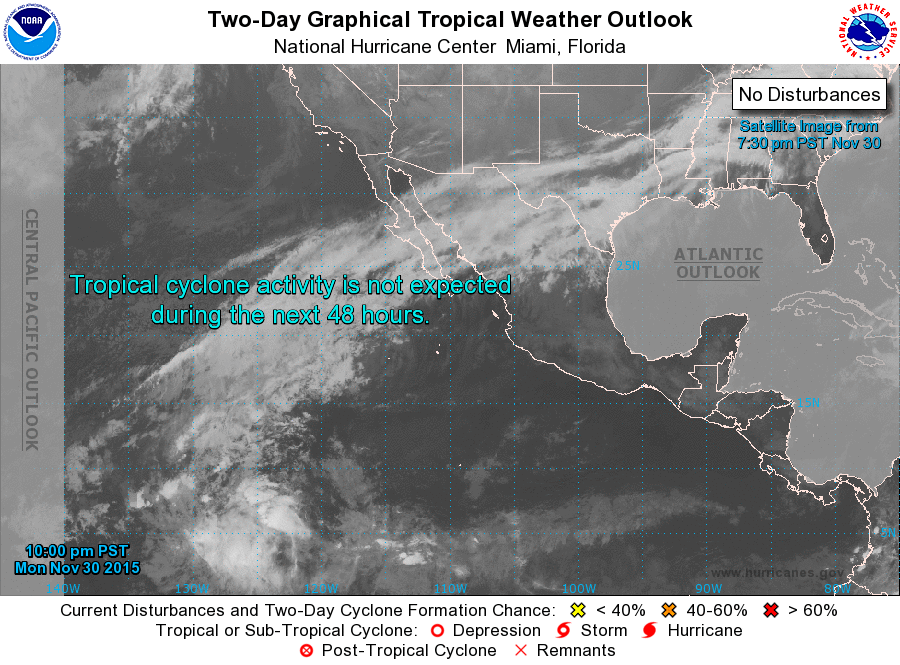
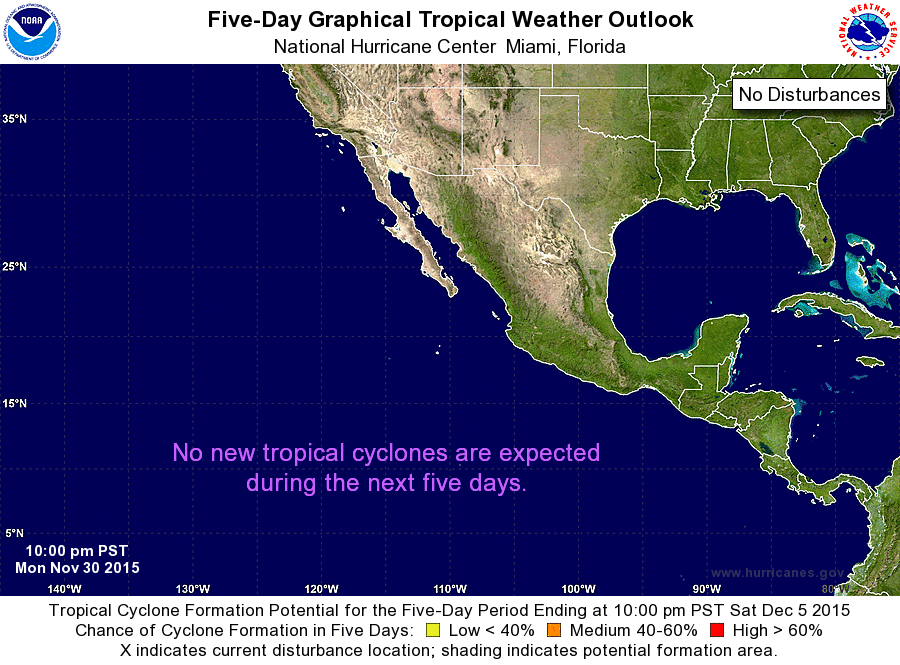
For the eastern North Pacific...east of 140 degrees west longitude:

Tropical cyclone formation is not expected during the next 5 days.

This is the last regularly scheduled Tropical Weather Outlook of the 2015 eastern North Pacific hurricane season. Routine issuance of the Tropical Weather Outlook will resume on May 15, 2016. During the off-season, Special Tropical Weather Outlooks will be issued as conditions warrant.

Forecaster Berg